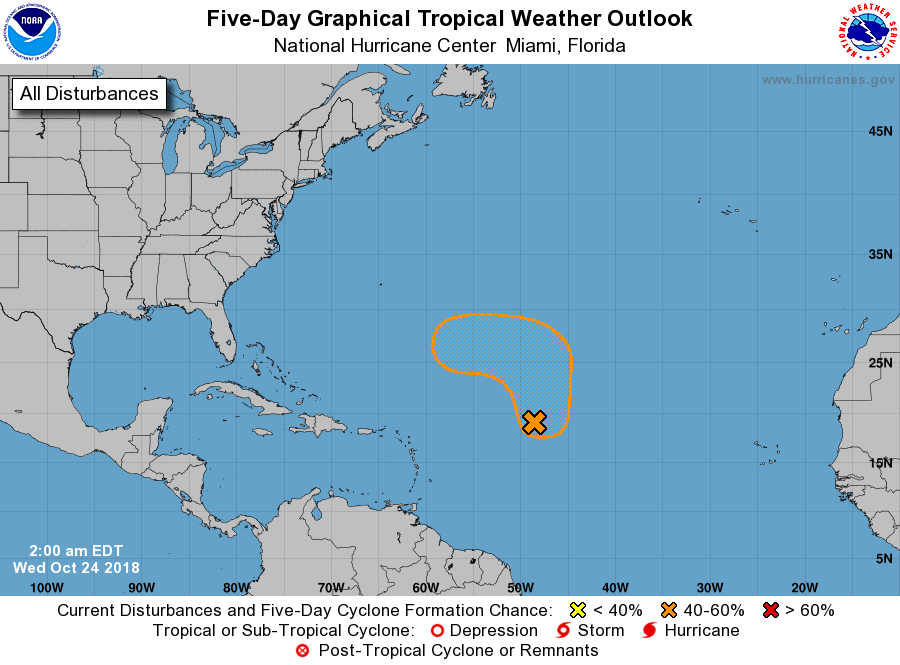
For the North Atlantic...Caribbean Sea and the Gulf of Mexico:

1. A large area of cloudiness and showers over the central tropical Atlantic Ocean is associated with an elongated area of low pressure located more than 800 miles east-northeast of the Leeward Islands. This broad low is expected to move slowly northward over the next few days into an area where environmental conditions are forecast to be more conducive for development. A tropical or subtropical depression could form over the weekend while the system turns westward well to the northeast of the Lesser Antilles.
* Formation chance through 48 hours...low...10 percent.
* Formation chance through 5 days...medium...50 percent.

Forecaster Stewart